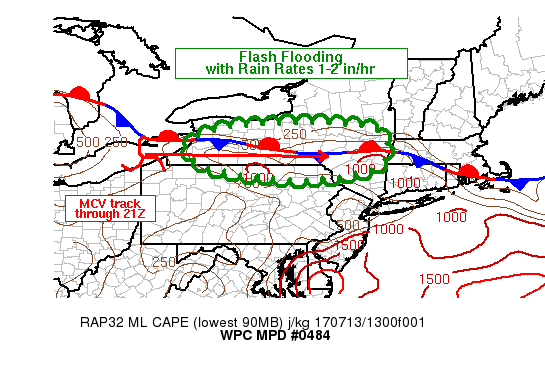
AREAS AFFECTED...CNTRL/WRN NY INTO NRN PA

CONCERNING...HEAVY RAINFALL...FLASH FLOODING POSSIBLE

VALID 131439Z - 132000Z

SUMMARY...RAINFALL RATES OF 1-2 IN/HR WILL POSE A FLASH FLOOD
THREAT OVER THE NEXT FEW HOURS FROM WRN AND CNTRL NY INTO FAR NRN
PA.

DISCUSSION...14Z EXPERIMENTAL GOES 16 INFRARED IMAGERY SHOWED A
PERSISTENT REGION OF COLDER CLOUD TOPS OVER GENESEE AND WYOMING
COUNTIES OF WRN NY...CONTAINED WITHIN A BROADER...MORE STRATIFORM
REGION OF RAINFALL EXTENDING FROM NWRN PA TOWARD LAKE ONTARIO.
RECENT RAINFALL RATES BENEATH THESE COLDER CLOUD TOPS WERE IN THE
1-2 IN/HR RANGE ACROSS THE BUFFALO METRO AREA AND ALONG A
STATIONARY FRONT EXTENDING WEST TO EAST ACROSS WRN AND CNTRL NY.
NORTH TO SOUTH TEMPERATURE/DEWPOINT CONTRAST ACROSS THE STATIONARY
FRONT WAS RATHER SHARP FOR 14Z...WITH 10-15F/5-10F NOTED IN 14Z
OBSERVATIONS RESPECTIVELY. DUE TO EXTENSIVE CLOUD COVER OVER CNTRL
NY AND NRN PA ALONG WITH MARGINAL 700-500 MB LAPSE RATES OF
ROUGHLY 6 TO 6.5 C/KM...MLCAPE IS LIMITED ACROSS THE REGION AND
CONFINED TO LOCATIONS ALONG AND SOUTH OF THE STATIONARY FRONT WITH
AN ESTIMATED 500-1000 J/KG BASED ON 12Z RAOB DATA.

AN MCV WAS IDENTIFIED NEAR ERI...TRACKING TOWARD THE EAST...NEARLY
COINCIDENT WITH THE STATIONARY FRONT. ENHANCED LOW LEVEL MOISTURE
FLUX INTO THE FRONTAL BOUNDARY ALONG WITH MEAN STORM MOTIONS
PARALLELING THE FRONT SHOULD ALLOW FOR NEW DEVELOPMENT OVER CNTRL
NY WITHIN THE NEXT 1-2 HOURS AND CONTINUED TRAINING OF 1-2 IN/HR
RAINFALL RATES INTO THE AFTERNOON DESPITE FORECAST LIMITED
INCREASES IN MLCAPE. GIVEN FLASH FLOOD GUIDANCE OF GENERALLY 1-2
IN/HR IS IN PLACE ACROSS MUCH OF CNTRL AND WRN NY...FLASH FLOODING
WILL BE POSSIBLE.